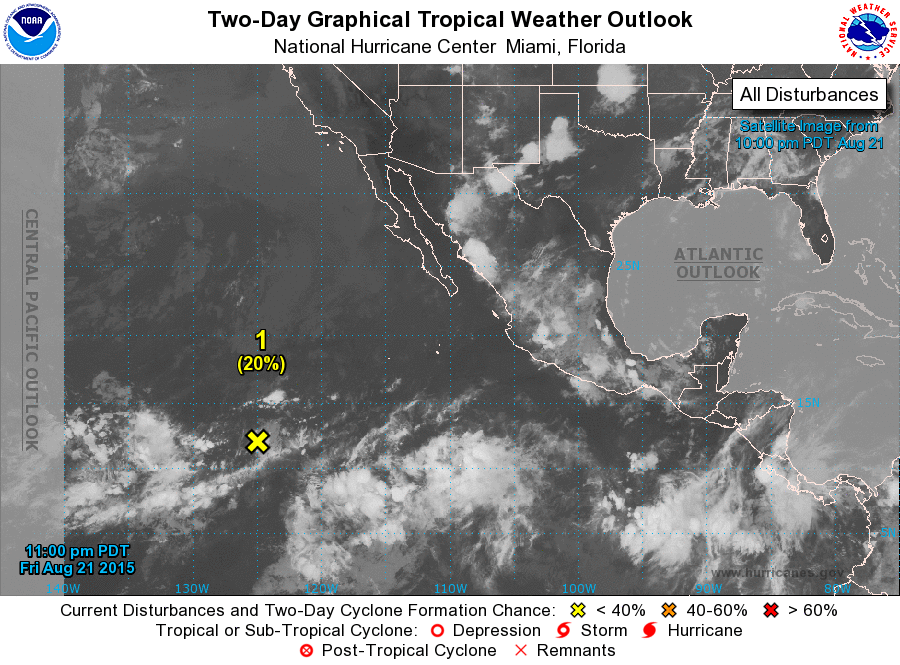
For the eastern North Pacific...east of 140 degrees west longitude:

1. Shower and thunderstorm activity associated with a tropical wave located about 1200 miles southwest of the southern tip of the Baja California peninsula remains limited. Some gradual development of this system is possible during the next several days while it moves westward at about 10 mph.
* Formation chance through 48 hours...low...20 percent
* Formation chance through 5 days...medium...40 percent

2. A low pressure area is expected to form well south of the coast of Mexico early next week. Environmental conditions should support gradual development of the system while it moves west-northwestward at 10 to 15 mph.
* Formation chance through 48 hours...low...near 0 percent
* Formation chance through 5 days...low...30 percent

Forecaster Cangialosi